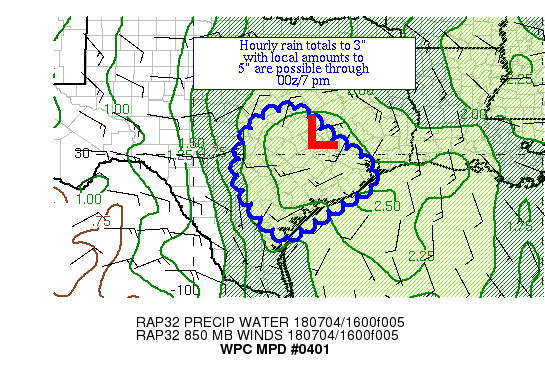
AREAS AFFECTED...SOUTH-CENTRAL & SOUTHEAST TX

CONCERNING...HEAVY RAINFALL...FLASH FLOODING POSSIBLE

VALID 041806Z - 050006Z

SUMMARY...A CONVECTIVE LOW IS RETROGRADING INTO SOUTH-CENTRAL TX
FROM SOUTHEAST TX.  HOURLY RAIN TOTALS TO 3" WITH LOCAL AMOUNTS TO
5" ARE POSSIBLE.

DISCUSSION...A WARM CORE, DEEP LAYER LOW IS CENTERED JUST EAST OF
COLLEGE STATION TX AS OF 17Z, WHICH IS EXPERIENCING SOME
NORTHEASTERLY WIND SHEAR PER SATELLITE IMAGERY.  THE SYSTEM HAS
BEEN RETROGRADING INTO SOUTH-CENTRAL TX, AND HAS A HISTORY OF
PRODUCING 4-8" OF RAIN LOCALLY IN AND NEAR HOUSTON AND BEAUMONT
THIS MORNING.  PRECIPITABLE WATER VALUES OF 2-2.5" RESIDE WITH
THIS LOW.  INFLOW AT 850 HPA IS CYCLONIC AND 15-25 KTS PER VAD
WIND PROFILES.  ML CAPE VALUES ARE HIGHEST TO ITS WEST AND SOUTH,
IN THE 1000-2000 J/KG RANGE NEAR THE MIDDLE TX COAST AND ACROSS
CENTRAL TX.  EFFECTIVE BULK SHEAR OF 25 KTS LIES TO THE WEST OF
THIS SYSTEM, WHICH HAS OCCASIONALLY CAUSED CONVECTION TO ORGANIZE
INTO INFLOW BANDS IN ITS WESTERN AND SOUTHWESTERN QUADRANTS.

THE EXPECTATIONS ARE FOR THE CYCLONE TO CONTINUE MOVING WESTWARD
WITH ACTIVE CONVECTION, SOMETIMES BANDED, WITHIN ITS WESTERN AND
SOUTHERN QUADRANTS IN THE DIRECTION OF THE BEST INSTABILITY.  THE
MESOSCALE GUIDANCE IS NOT AS AGGRESSIVE WITH AMOUNTS THIS
AFTERNOON, WITH A GOOD SIGNAL FOR 3-5" THROUGH 00Z.  THE 12Z HREF
PROBABILITIES OF 1"+ OF RAIN AN HOUR SUGGEST 00Z SHOULD BE WITHIN
THE WANING HOURS OF THE EVENT AS THE 850 HPA AND SURFACE
REFLECTIONS OF THE SYSTEM ARE EXPECTED TO WEAKEN/DEGENERATE INTO
AN INVERTED TROUGH SOMEWHAT INLAND OF THE MIDDLE TX COAST.  IN THE
MEANTIME, HOURLY RAIN TOTALS TO 3" AND LOCAL AMOUNTS TO 5" REMAIN
POSSIBLE, WHICH WOULD BE MOST PROBLEMATIC IN URBAN AREAS.